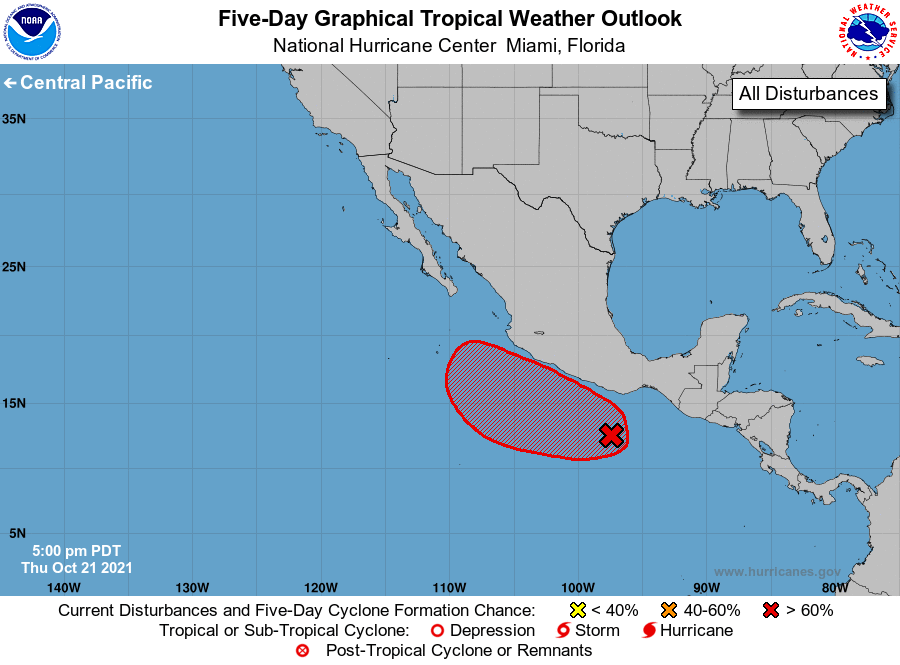
For the eastern North Pacific...east of 140 degrees west longitude:

1. Shower activity associated with a low pressure area located a few hundred miles southwest of the Gulf of Tehuantepec has become better organized during the last 24 hours. Environmental conditions are expected to be conducive for additional development of this system during the next several days, and a tropical depression is likely to form during the next couple of days while the system moves slowly west-northwestward to northwestward near or just offshore the southern coast of Mexico.
* Formation chance through 48 hours...high...70 percent.
* Formation chance through 5 days...high...90 percent.

Forecaster Beven